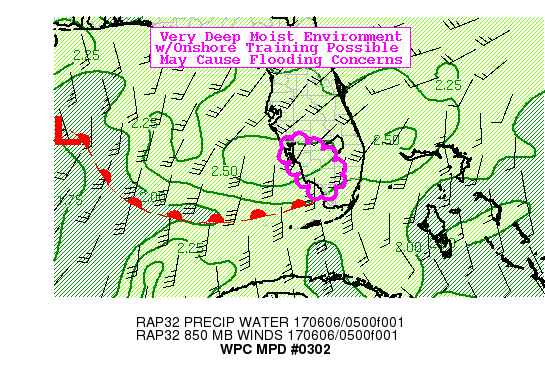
AREAS AFFECTED...SOUTHWEST FL

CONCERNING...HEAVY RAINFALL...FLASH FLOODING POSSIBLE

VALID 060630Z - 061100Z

SUMMARY...ISENTROPIC ASCENT IN DEEPLY MOIST/UNSTABLE ENVIRONMENT
WITH SOME TRAINING MAY POSE FLOODING CONCERN THIS MORNING.

DISCUSSION...GOES-E AND 16 3.9 SWIR CHANNEL DENOTES A SURFACE
SWIRL NEAR 27.5N 88.5W...WITH A BOUNDARY ACTING AS PSUEDO WARM
FRONT LIKELY REINFORCED BY SOME OUTFLOW EXTENDING SWWARD FROM TO
ABOUT 25N BEFORE TURNING NEARLY DUE EAST TOWARD S MONROE COUNTY
(AS SFC WINDS IN KEYS ARE SLY).  RAP/LOW LEVEL CLOUD TRACERS
SUGGEST 35-45KT SWLY FLOW FROM 850-7H PROVIDING STRONG ISENTROPIC
ASCENT OVER THE BOUNDARY...GIVEN SOURCE REGION TDS IN THE LOW 80S
AND MID-80S TEMPS AND MOIST ADIABATIC LAPSE RATES THERE IS
SUFFICIENT MUCAPES TO 2500-3000 J/KG.  SATURATED PROFILES WITH
SOME MODEST CONFLUENCE EAST OF 850 (ANTICYCLONIC KINK NOTED IN RAP
ANALYSIS NEAR FMY/APF) SUPPORTS STRONG CONVERGENCE/FLUX TO SUPPORT
TPWS OF 2.5".  ALL CONSIDERED RATES AT OR ABOVE 2.5-3"/HR ARE
POSSIBLE WITH DEEPEST CORES.  GOES-WV LOOP AND AMVS SUPPORTS
MODEST DIFFLUENCE EAST OF 85W FURTHER STRENGTHENING ENVIRONMENTAL
ASCENT/EVACUATION FOR ONGOING CONVECTION.

AS TYPICAL THIS TIME OF NIGHT...CONVECTION IS STRUGGLING TO REACH
SHORE WEAKENING DUE TO LAND BREEZE/STABILIZING LAND CONDITIONS.
YET WITH STRONG ISENTROPIC ASCENT CONVECTION CONTINUES TO
DEVELOP/MAINTAIN AS THE BOUNDARY SLOWLY LIFTS NORTH.  AS SUCH
CONVECTION IS REACHING MARCO ISLAND VICINITY WITH UPSTREAM CELLS
TRACKING ALONG THE BOUNDARY ENE LIKELY TO REINFORCE HVY RAINFALL
POTENTIAL.  HI-RES CAMS APPEAR TO BE STRUGGLING ASSIMILATING THE
WAVE/BOUNDARY STRUCTURE IN THE EASTERN GULF AND THEREFORE ARE
DEVELOPING MORE CONVECTION FURTHER NORTH THAN EXPECTED.
HOWEVER...RECENT ESRL HRRR V.3 IS HANDLING THE LOCATION OF THE
CONVECTION A BIT BETTER AND IS SUGGESTIVE OF 3-4" TOTALS OVER THE
NEXT FEW HOURS NEAR/JUST OFFSHORE.  OTHER GUIDANCE WHILE OFFSET
FURTHER NORTH...MAY BE OK WITH THE ORIENTATION/TRACKS OF THE
CONVECTION JUST NEED TO BE ADJUSTED SOUTHWARD SUCH AS THE 00Z
ARW/NSSL-WRF OR MAYBE MOST PREFERABLE THE 00Z NAM-CONEST...ALL
SUGGESTING 3-4" RAINS AS WELL.  AS SUCH FLOODING CONCERNS ARE
RAISED PARTICULARLY IN SW COASTAL URBAN CENTERS AND ALONG I-75.
MORE UNCERTAINTY IS GIVEN TO HOW FAR INLAND SHOWERS/ISOLATED
EMBEDDED CONVECTIVE CORES COULD SUSTAIN.  AS SUCH AREA OF CONCERN
IS LIMITED TO SW OF LAKE OKEECHOBEE...THOUGH THIS MAY NEED TO BE
RE-ASSESSED LATER THIS MORNING.